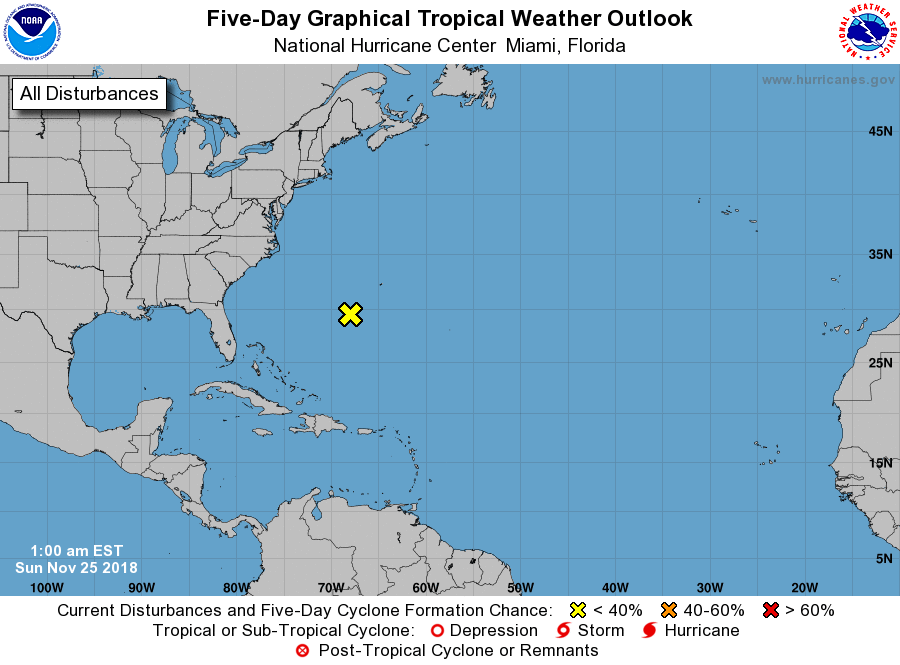
For the North Atlantic...Caribbean Sea and the Gulf of Mexico:

1. A low pressure system located over the western Atlantic about 300 miles southwest of Bermuda is forecast to become a powerful non-tropical cyclone later today. Conditions are not expected to be conducive for subtropical development while the low moves quickly northeastward to east-northeastward during the next few days. Although subtropical development is not anticipated, the system is expected to produce gale-force winds over portions of the western Atlantic and near Bermuda later today. The low is then forecast to intensify further and could produce winds up to hurricane-force over portions of the central Atlantic by early next week. Additional information on this system can be found in High Seas Forecasts issued by the National Weather Service.
* Formation chance through 48 hours...low...near 0 percent.
* Formation chance through 5 days...low...near 0 percent.

High Seas Forecasts issued by the National Weather Service are issued under AWIPS header NFDHSFAT1, WMO header FZNT01 KWBC, and are available on the Web at https://ocean.weather.gov/shtml/NFDHSFAT1.shtml.

Forecaster Stewart